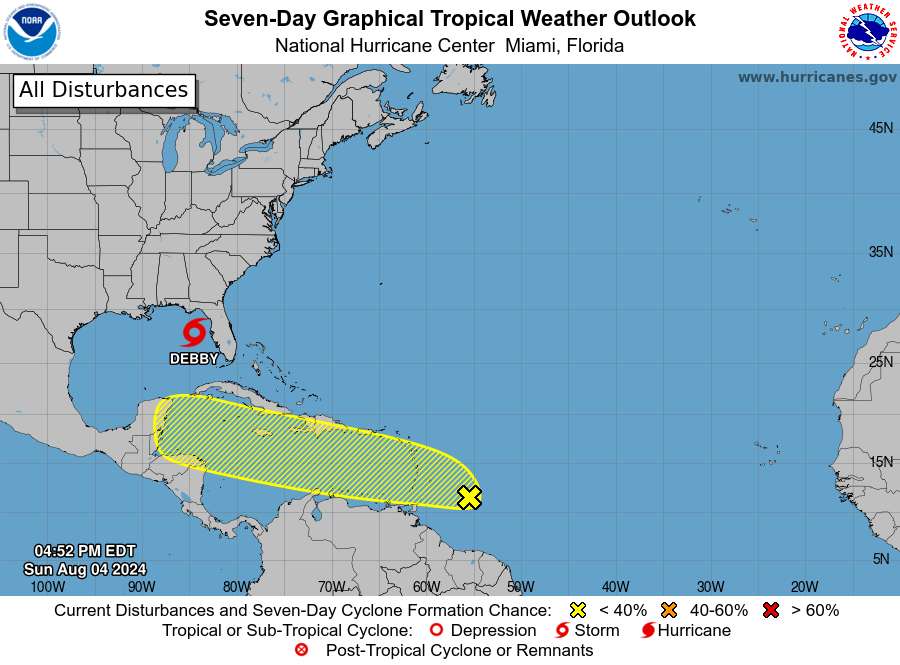
For the North Atlantic...Caribbean Sea and the Gulf of Mexico:

Active Systems: The National Hurricane Center is issuing advisories on Tropical Storm Debby, located over the eastern Gulf of Mexico.

1. East of the Windward Islands: A tropical wave located a few hundred miles to the east of the Windward Islands continues to produce an area of showers and thunderstorms, and earlier satellite wind data showed winds of 30-35 mph just north of the wave axis. Environmental conditions appear generally favorable for some slow development of this system over the next week as the system moves quickly westward at around 20 mph, crossing the Windward Islands early this week and moving into the central and western Caribbean by the mid to latter part of this week.
* Formation chance through 48 hours...low...10 percent.
* Formation chance through 7 days...low...20 percent.

Forecaster Papin